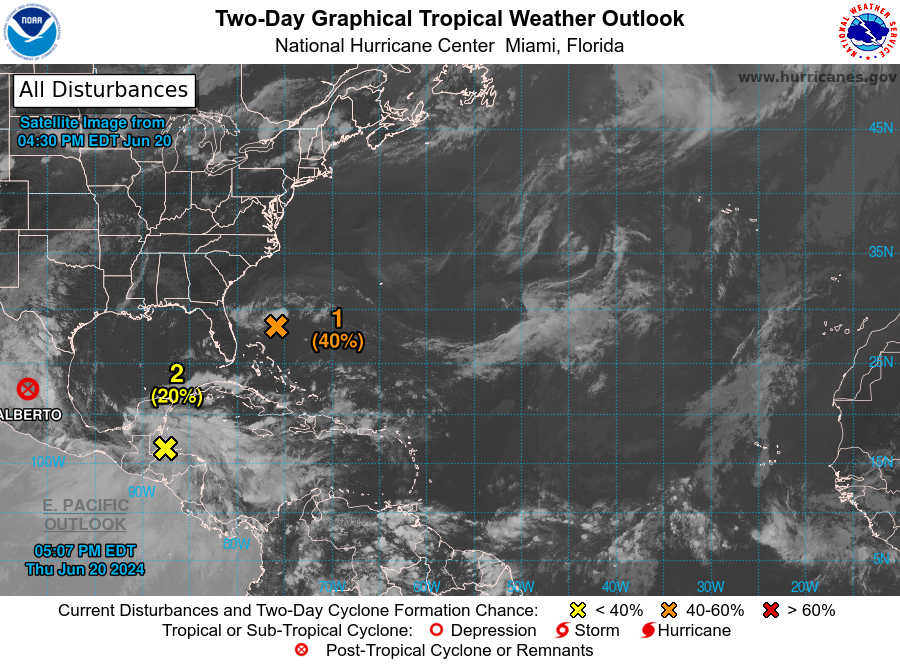
For the North Atlantic...Caribbean Sea and the Gulf of Mexico:

A special tropical weather outlook issued to update the discussion of the low pressure system northeast of the Bahamas.

Active Systems: The National Hurricane Center is issuing advisories on Tropical Depression Alberto, located inland over northeastern Mexico.

1. Southwestern Atlantic Ocean (AL92) Updated: Data from an Air Force Reserve reconnaissance aircraft indicates that the small area of low pressure located about 150 miles northeast of the northernmost Bahamas does not have a well-defined surface circulation. Environmental conditions remain marginally conducive for further development and this system could become a tropical depression while the low moves west-northwestward at 10 to 15 mph. The system is expected to approach the northeastern coast of Florida or the Georgia coast early on Friday. Another Air Force Reserve reconnaissance mission is planned for Friday morning, if necessary.
* Formation chance through 48 hours...medium...40 percent.
* Formation chance through 7 days...medium...40 percent.

2. Southwestern Gulf of Mexico: A broad area of low pressure is forecast to form over southeastern Mexico and northern Central America on Friday. Environmental conditions appear conducive for gradual development after this system moves over the Bay of Campeche on Saturday, and a tropical depression could form over the southwestern Gulf of Mexico this weekend while it moves slowly west-northwestward or northwestward.
* Formation chance through 48 hours...low...20 percent.
* Formation chance through 7 days...medium...50 percent.

Forecaster Bucci